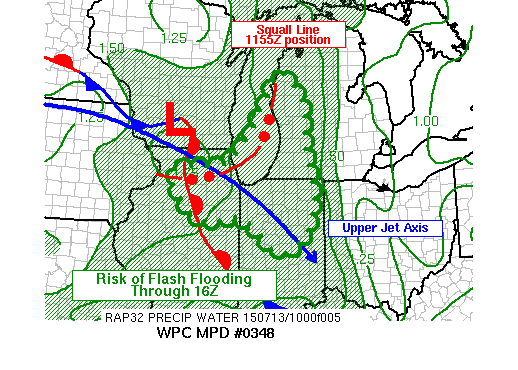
AREAS AFFECTED...WESTERN MI...NORTHERN/CENTRAL IN...NORTHEAST IL

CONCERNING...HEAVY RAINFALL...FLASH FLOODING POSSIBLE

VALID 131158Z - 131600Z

SUMMARY...THERE IS A SHORT TERM RISK OF FLASH FLOODING OVER PARTS
OF WESTERN MICHIGAN AND NORTHERN INDIANA DUE TO VERY HEAVY
RAINFALL RATES ASSOCIATED WITH A COMPLEX MOVING IN FROM THE WEST.

DISCUSSION...VERY HEAVY RAINFALL RATES ON THE ORDER OF 1.5 TO 2
INCHES PER HOUR WILL BE POSSIBLE FOR A PERIOD THIS MORNING OVER
WESTERN MICHIGAN AND NORTHERN INDIANA/ILLINOIS IN ASSOCIATION WITH
A COMPLEX DROPPING SOUTH AND EAST ACROSS THE WESTERN GREAT LAKES.

THE HEAVIEST RAINFALL HAS BEEN OCCURRING IN AN AREA WHERE FLASH
FLOOD GUIDANCE HAS BEEN FAIRLY HIGH.  HOWEVER THE COMPLEX WILL BE
HEADING TOWARDS AN AREA OF LOWER GUIDANCE BY LATE MORNING AND
ACROSS HIGHLY URBANIZED AREAS.  THE ATMOSPHERE OVER THIS AREA WAS
QUITE MOIST WITH PW VALUES AT OR ABOVE 2 INCHES.  AS A
RESULT...VERY HEAVY RAINFALL RATES SHOULD CONTINUE THROUGH MUCH OF
THE MORNING.

SATELLITE BASED SOUNDER IMAGERY STILL SHOWS A VERY RAPID DROP OFF
IN CAPE/LIFT INDEX VALUES FROM WEST TO EAST ACROSS MI/IN SO WILL
NOT SPREAD THE RISK TOO FAR EASTWARD.  BUT HEAVY RAINFALL HAS
SPREAD OUT OF THE AREA DEFINED IN MPD 347.  THE WRF/ARW AND
WRF/NMMB STILL WERE DOING A BETTER JOB IN DEPICTING THIS EASTWARD
TRANSLATION THAN RECENT RUNS OF THE HRRR.